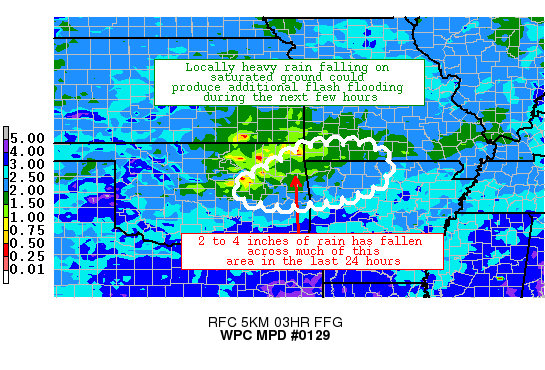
AREAS AFFECTED...NE OK...NW AR...EXTREME SW MO

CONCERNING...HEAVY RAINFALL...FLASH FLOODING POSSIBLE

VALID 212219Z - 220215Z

SUMMARY...THUNDERSTORMS WITH LOCALLY HEAVY RAIN WILL FALL ON
SATURATED GROUND ACROSS NE OK...NW AR...AND EXTREME SW MO DURING
THE NEXT FEW HOURS WHICH COULD PRODUCE ADDITIONAL FLASH FLOODING.

DISCUSSION...2 TO 4 INCHES OF RAIN HAS FALLEN ACROSS PARTS OF NE
OK...NW AR...AND EXTREME SW MO DURING THE PAST 24 HOURS...AND 3 HR
FFG VALUES ARE LOCALLY AS LOW AS 0.25 TO 1 INCH.

THUNDERSTORMS OVER CENTRAL AND NE OK ARE LIKELY TO PRODUCE LOCAL
RAINFALL OF 1 TO 2 INCHES THROUGH 9 PM CDT...WHICH WOULD EXCEED
THE FFG THRESHOLDS.

THE THUNDERSTORMS ARE DEVELOPING IN A REGION OF FAIRLY
UNIDIRECTIONAL SOUTHWEST WINDS ALONG WITH 25 TO 35 KT IN THE
850-700 MB LAYER. THE ENVIRONMENT IS CHARACTERIZED BY WEAK
MID-LAYER INSTABILITY WITH ESTIMATED CAPE AROUND 500-1000 J/KG AND
PRECIPITABLE WATER OF 1.2 TO 1.4 INCHES. DESPITE RELATIVELY WEAK
INSTABILITY...STRONGLY DIFFLUENT UPPER LEVEL FLOW SHOULD HELP TO
ENHANCE UPDRAFT STRENGTH IN ADVANCE OF AN APPROACHING 700-500 MB
SHORTWAVE TROUGH. THESE STORMS SHOULD PROGRESS EASTWARD DURING THE
NEXT FEW HOURS...MOVING ACROSS THE REGION OF SATURATED SOILS AND
LOW FFG THRESHOLDS.

THERE HAVE ALREADY BEEN SOME REPORTS OF FLASH FLOODING TODAY...AND
ADDITIONAL FLASH FLOODING IS POSSIBLE.